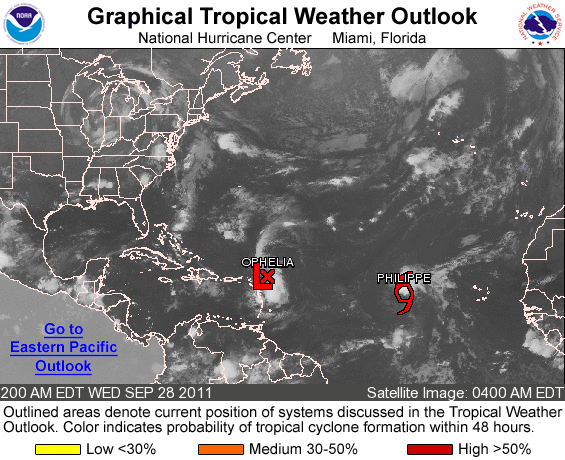
FOR THE NORTH ATLANTIC...CARIBBEAN SEA AND THE GULF OF MEXICO...

THE NATIONAL HURRICANE CENTER IS ISSUING ADVISORIES ON TROPICAL STORM PHILIPPE...LOCATED ABOUT 865 MILES WEST OF THE CAPE VERDE ISLANDS...AND ON TROPICAL DEPRESSION OPHELIA...LOCATED ABOUT 235 MILES EAST OF THE NORTHERN LEEWARD ISLANDS.

ELSEWHERE...TROPICAL CYCLONE FORMATION IS NOT EXPECTED DURING THE NEXT 48 HOURS.

PUBLIC ADVISORIES ON OPHELIA ARE ISSUED UNDER WMO HEADER WTNT31 KNHC AND UNDER AWIPS HEADER MIATCPAT1. FORECAST/ADVISORIES ON OPHELIA ARE ISSUED UNDER WMO HEADER WTNT21 KNHC AND UNDER AWIPS HEADER MIATCMAT1.

FORECASTER KIMBERLAIN